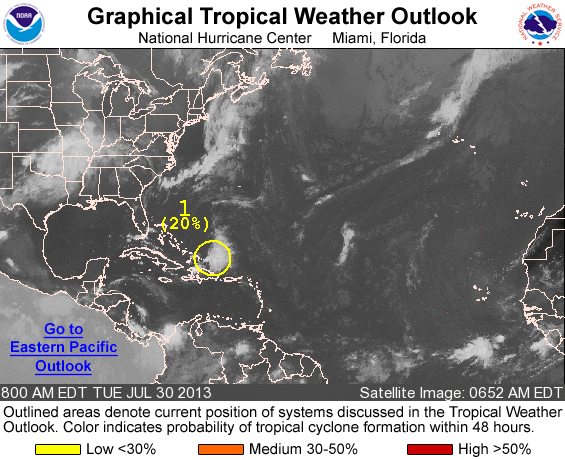
FOR THE NORTH ATLANTIC...CARIBBEAN SEA AND THE GULF OF MEXICO...

1. A TROUGH OF LOW PRESSURE...THE REMNANTS OF DORIAN...IS PRODUCING DISORGANIZED SHOWERS AND THUNDERSTORMS THAT EXTENDS A FEW HUNDRED MILES EAST AND NORTHEAST OF THE TURKS AND CAICOS ISLANDS. UPPER- LEVEL WINDS ARE NOT EXPECTED TO BE CONDUCIVE FOR REGENERATION DURING THE NEXT COUPLE OF DAYS AS THE DISTURBANCE MOVES WESTWARD TO WEST-NORTHWESTWARD AT 10 TO 15 MPH. THIS SYSTEM HAS A LOW CHANCE...20 PERCENT...OF BECOMING A TROPICAL CYCLONE DURING THE NEXT 48 HOURS. SHOWERS AND GUSTY WINDS IN SQUALLS ARE SPREADING ACROSS THE TURKS AND CAICOS ISLANDS AND SHOULD BEGIN TO MOVE WESTWARD ACROSS PORTIONS OF THE BAHAMAS BY THIS AFTERNOON INTO EARLY THURSDAY.

ELSEWHERE...TROPICAL CYCLONE FORMATION IS NOT EXPECTED DURING THE NEXT 48 HOURS.

FORECASTER BERG